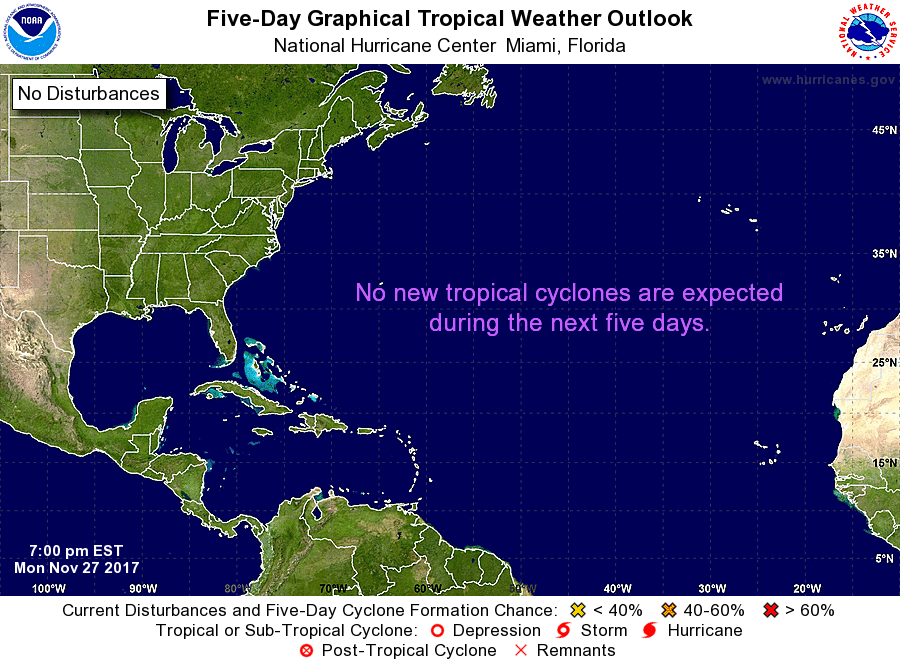
For the North Atlantic...Caribbean Sea and the Gulf of Mexico:

Tropical cyclone formation is not expected during the next 5 days.

Forecaster Blake